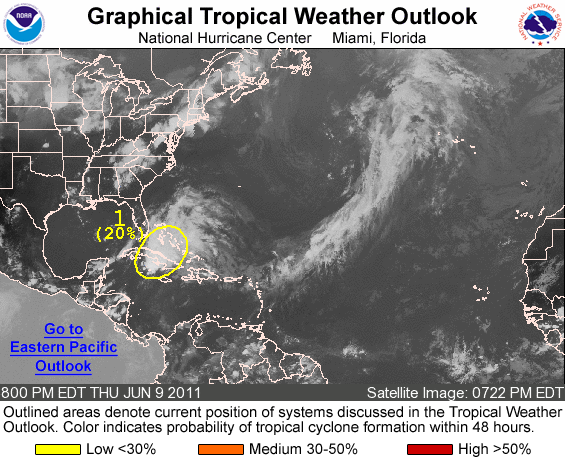
FOR THE NORTH ATLANTIC...CARIBBEAN SEA AND THE GULF OF MEXICO...

1. AN ELONGATED AREA OF LOW PRESSURE INTERACTING WITH A LARGE UPPER-LEVEL TROUGH IS PRODUCING WIDESPREAD CLOUDINESS AND NUMEROUS SHOWERS OVER THE EXTREME NORTHWESTERN PORTION OF THE CARIBBEAN SEA AND EXTENDING NORTHEASTWARD ACROSS CENTRAL AND EASTERN CUBA... THE FLORIDA STRAITS...AND MOST OF THE BAHAMAS. THE AREA OF LOWEST PRESSURE IS LOCATED JUST NORTH OF GRAND CAYMAN AND THE SYSTEM IS MOVING TOWARD THE NORTH-NORTHEAST AT 5 TO 10 MPH. UPPER-LEVEL WINDS ARE CURRENTLY UNFAVORABLE FOR ANY SIGNIFICANT DEVELOPMENT TO OCCUR...BUT MAY BECOME MARGINALLY FAVORABLE OVER THE NEXT COUPLE OF DAYS. THERE IS A LOW CHANCE...20 PERCENT...OF THIS SYSTEM BECOMING A TROPICAL OR SUBTROPICAL CYCLONE DURING THE NEXT 48 HOURS.

ELSEWHERE...TROPICAL CYCLONE FORMATION IS NOT EXPECTED DURING THE NEXT 48 HOURS.

FORECASTER STEWART